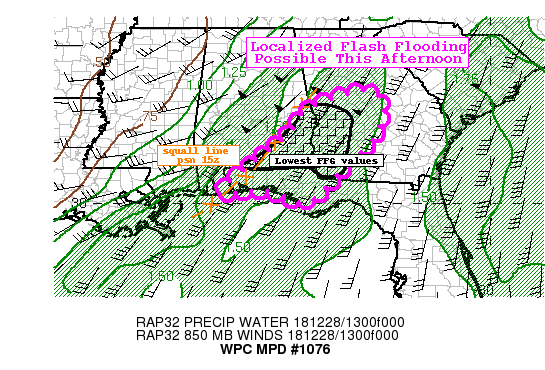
Areas affected...Southern AL...Southwest GA...Central/Western FL
Panhandle

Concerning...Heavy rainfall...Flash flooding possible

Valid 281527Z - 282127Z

Summary...Localized flash flooding will be possible into this
afternoon where convection trains in an anomalously high moisture
environment.

Discussion...As of 1530z, radar imagery showed a line of
thunderstorms still organized across portions of GA, southeast AL
and western FL panhandle. The environment remains supportive for
convection with broad upper level divergence and convergence in
the lowest levels. PWATs per latest GPS blend show values as high
as 1.6" across FL panhandle within a belt of strong 850 mb
moisture transport.

As the line of storms tracks eastward through this afternoon, the
southern portions of the line are expected to stall/slow and
become more aligned with the mean flow, suggesting potential for
training convection. This is expected to occur in an instability
axis where SBCAPE 1000-2000 J/kg is possible. This should lead to
an uptick in rainfall rates into the afternoon hours. So, the
combination of increased duration and rain rates suggest the
potential for hourly totals as high as 1.0-1.5" with 6-hour totals
ending 21z 2-4". Antecedent conditions are somewhat wet, with
14-day departures from normal around 150-200 percent, so the 1-hr
and 3-hr FFG may be realized in localized spots. As a result, some
instances of flash flooding will be possible.